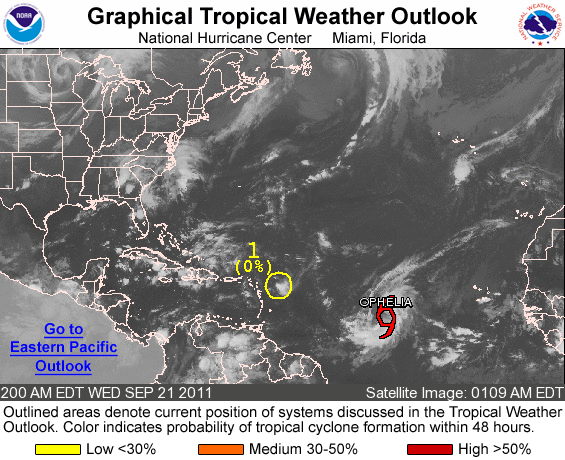
FOR THE NORTH ATLANTIC...CARIBBEAN SEA AND THE GULF OF MEXICO...

THE NATIONAL HURRICANE CENTER IS ISSUING ADVISORIES ON NEWLY FORMED TROPICAL STORM OPHELIA LOCATED ABOUT 1585 MILES EAST-SOUTHEAST OF THE NORTHERN LEEWARD ISLANDS.

1. A SMALL AREA OF LOW PRESSURE LOCATED ABOUT 225 MILES EAST OF THE NORTHERN LEEWARD ISLANDS IS PRODUCING DISORGANIZED SHOWER AND THUNDERSTORM ACTIVITY. UPPER-LEVEL WINDS ARE NOT FAVORABLE FOR DEVELOPMENT OF THIS SYSTEM...HOWEVER THIS LOW COULD BRING A BRIEF PERIOD OF RAINFALL AND GUSTY WINDS TO PORTIONS OF THE NORTHERN LEEWARD ISLANDS TODAY AS IT MOVES WESTWARD AT 15 TO 20 MPH. THIS SYSTEM HAS A LOW CHANCE...NEAR 0 PERCENT...OF BECOMING A TROPICAL CYCLONE DURING THE NEXT 48 HOURS.

ELSEWHERE...TROPICAL CYCLONE FORMATION IS NOT EXPECTED DURING THE NEXT 48 HOURS.

PUBLIC ADVISORIES ON OPHELIA ARE ISSUED UNDER WMO HEADER WTNT31 KNHC AND UNDER AWIPS HEADER MIATCPAT1. FORECAST/ADVISORIES ON OPHELIA ARE ISSUED UNDER WMO HEADER WTNT21 KNHC AND UNDER AWIPS HEADER MIATCMAT1.

FORECASTER BROWN